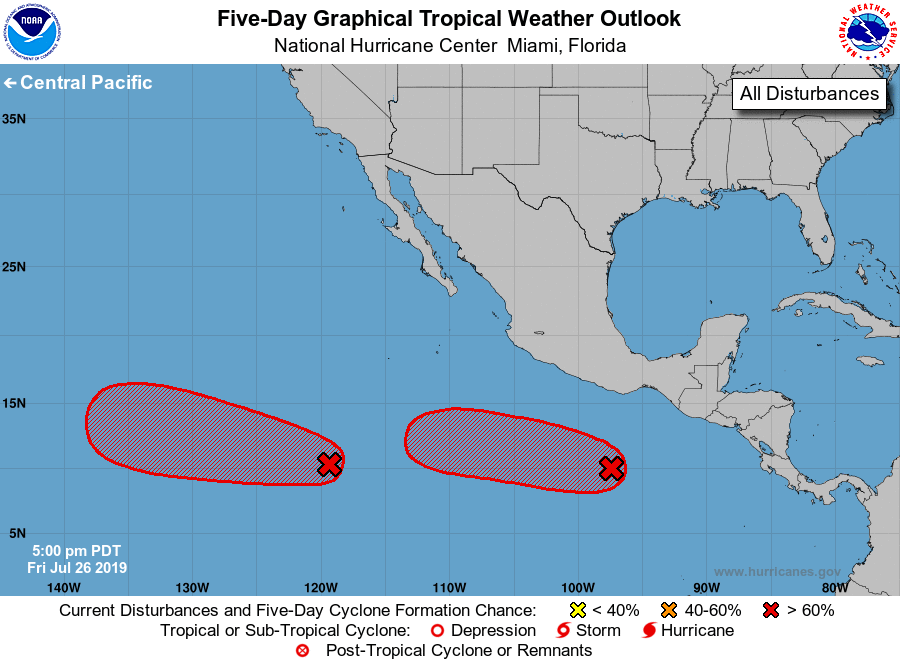
For the eastern North Pacific...east of 140 degrees west longitude:

1. Shower activity associated with an area of disturbed weather located a little more than 1000 miles southwest of the southern tip of the Baja California peninsula has become better organized since yesterday. Environmental conditions are favorable for additional development, and a tropical depression or tropical storm is likely form by early next week. This system is expected to move westward to west-northwestward at 10 to 15 mph.
* Formation chance through 48 hours...medium...60 percent.
* Formation chance through 5 days...high...80 percent.

2. An area of low pressure accompanied by disturbed weather is located a few hundred miles south of the Gulf of Tehuantepec. Gradual development of this system is expected, and a tropical depression is likely to form next week while the system moves generally westward at 15 to 20 mph.
* Formation chance through 48 hours...low...20 percent.
* Formation chance through 5 days...high...80 percent.

Forecaster Beven